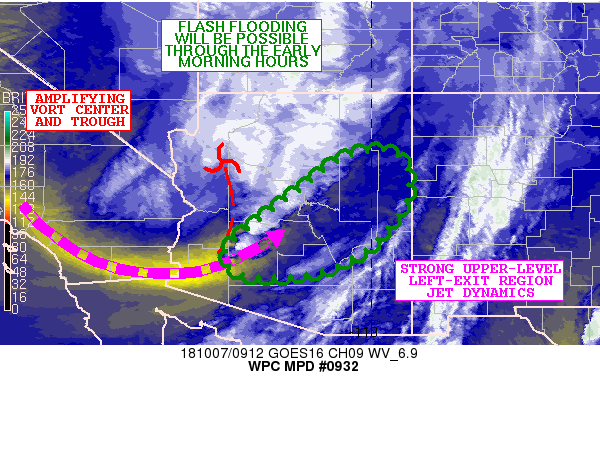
Areas affected...Central/Eastern AZ

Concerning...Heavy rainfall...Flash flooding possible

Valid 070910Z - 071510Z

Summary...Heavy showers and a few thunderstorms will continue to
settle southeast across areas of central and gradually eastern AZ
through the early morning hours. Some flash flooding will be
possible and especially given the wet antecedent conditions.

Discussion...The latest WV satellite imagery shows a strong trough
continuing to amplify down into the Southwest U.S. which has been
facilitating an axis of locally heavy showers and thunderstorms
across central AZ over the last few hours.

PWATs across the region remain quite modest with values of 0.50 to
0.75 of an inch, and instability profiles are rather weak with
MUCAPE values in the 500 to 1000 j/kg range. However, the
upper-level jet support is very impressive and the latest WV
imagery depicts a highly divergent mid/upper-level flow pattern
owing to strong 500/300 mb layer left-exit region jet forcing.
Meanwhile, a well-defined mid-level vort center and associate
trough axis can be seen advancing toward the Mogollon Rim.

The strong dynamics associated with the amplifying trough will
compensate for the relative lack of moisture and instability and
will continue to drive a threat for locally heavy rainfall going
through the early morning hours.

The latest hires model consensus, including recent runs of the
HRRR, actually favors some intensification of the current line of
convection as it advances east through central and gradually
eastern AZ over the next several hours. Much of this will be
relative to the deep layer forcing as mentioned, but also a bit
better low-level convergence and perhaps some uptick in
instability given steepening mid-level lapse rates.

Expect as much as 1 to 2 inches of rain with locally heavier
amounts over the higher terrain, and especially the eastern end of
the Mogollon Rim. This will maintain the threat for flash flooding
locally over the next several hours, and especially considering
the wet antecedent conditions.